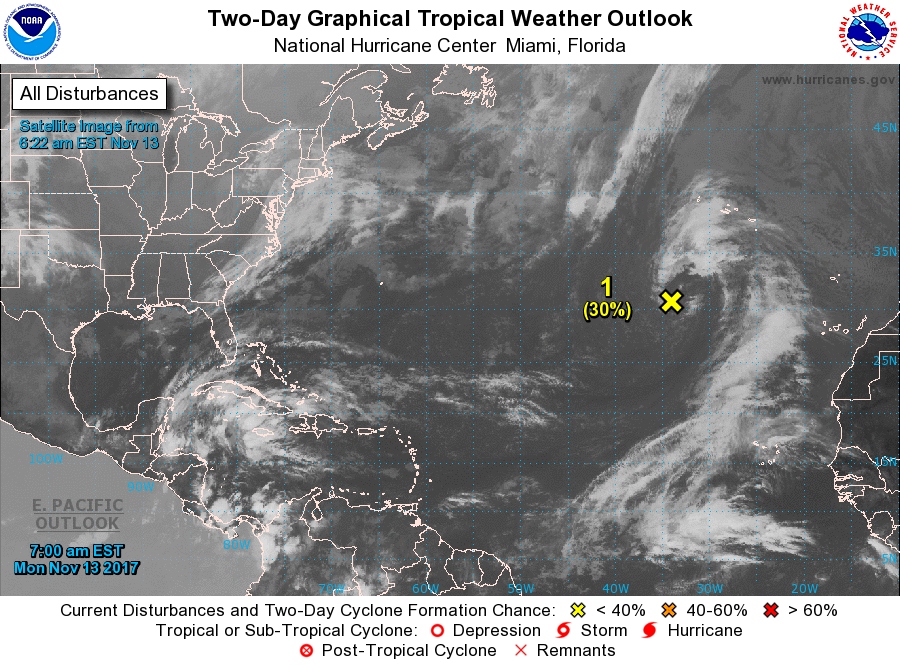
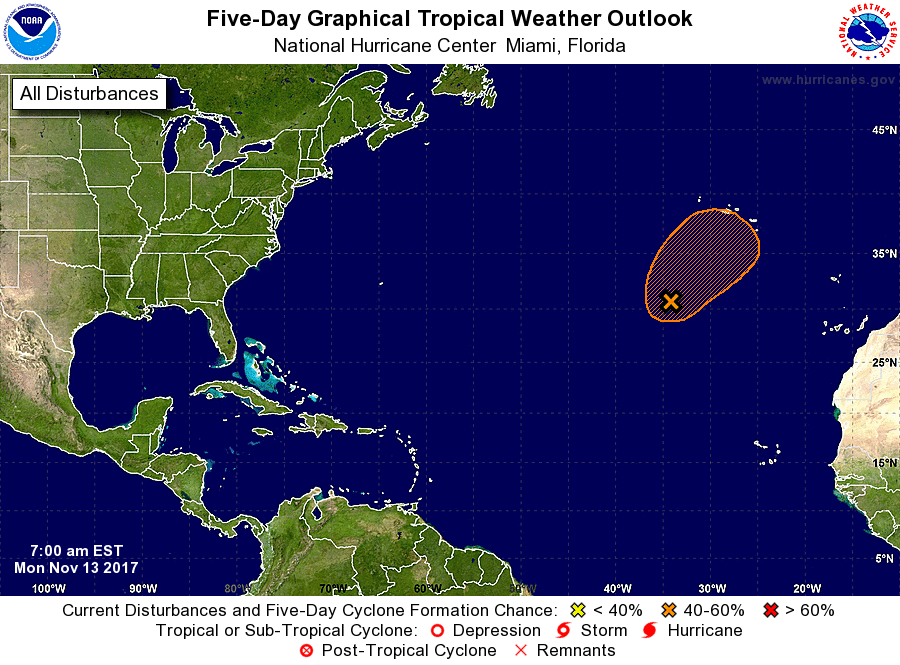
For the North Atlantic...Caribbean Sea and the Gulf of Mexico:

1. Showers and thunderstorms continue to show some signs of organization in association with a low pressure system located about 600 miles southwest of the Azores. Environmental conditions are expected to be conducive for some additional development, and the system could become a subtropical cyclone during the next few days while it moves slowly northeastward.
* Formation chance through 48 hours...low...30 percent.
* Formation chance through 5 days...medium...50 percent.

Forecaster Beven